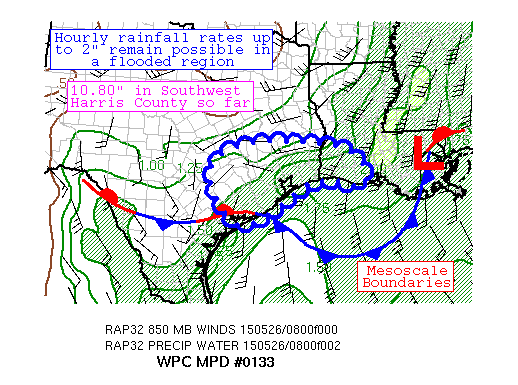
AREAS AFFECTED...SOUTHEAST TX & SOUTHWEST LA

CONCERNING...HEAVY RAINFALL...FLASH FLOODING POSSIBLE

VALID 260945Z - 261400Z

SUMMARY...THUNDERSTORMS ARE REGENERATING BETWEEN SAN ANTONIO AND
BEAUMONT TX.  DESPITE HOW MUCH RAIN HAS ALREADY FALLEN, ADDITIONAL
FLASH FLOODING REMAINS POSSIBLE.

DISCUSSION...THE RAP GUIDANCE, AMONGST OTHER MESOSCALE MODELS, HAS
BEEN MISHANDLING THE LOW-LEVEL INFLOW WHICH THE VAD WIND PROFILES
HAVE BEEN INDICATING EARLY THIS MORNING.  LOW-LEVEL INFLOW IS
OVERRUNNING A STATIONARY OUTFLOW BOUNDARY NESTLED INTO
SOUTH-CENTRAL TX, WITH CONVECTION FOCUSING UP TO 100 MILES TO ITS
NORTH.  INFLOW AT 850 HPA REMAINS 25-40 KTS INTO THE REGION, NEAR
THE MAGNITUDE OF THE 850-400 HPA WIND, WHICH IS IMPORTING CAPE
VALUES OF UP TO 5000 J/KG FROM SOUTH OF THE OUTFLOW BOUNDARY AS
SEEN ON RECENT SPC MESOANALYSES.  PRECIPITABLE WATER VALUES REMAIN
1.8-1.9" PER GPS DATA.  RAINFALL TOTALS OVER SOUTHWEST HARRIS
COUNTY TX ARE UP TO 10.80", OVER HALF OF WHICH HAS OCCURRED IN THE
PAST SIX HOURS.

ONLY THE 00Z ARW AND 06Z NAM CONEST SHOW A SIGNAL FOR LOCAL
AMOUNTS OF 2-4" BEING POSSIBLE INTO THE MORNING HOURS.  AS POOR AS
THE RAP 850 HPA FORECAST WIND PATTERNS HAVE BEEN, THEY INDICATE
INFLOW RETURNING TO THE REGION BETWEEN 10-14Z, WHICH SHOULD
MAINTAIN SOME LEVEL OF CONVECTIVE ORGANIZATION.  ORGANIZED
CONVECTION SHOULD MOVE EAST AT 15-20 KTS PER FORWARD PROPAGATING
CORFIDI VECTORS.  CONSIDERING THE AVAILABLE MOISTURE, HOURLY
RAINFALL RATES UP TO 2" REMAIN POSSIBLE.  CONSIDERABLE FORECAST
UNCERTAINTY KEPT THE CATEGORY OF THIS MPD AS POSSIBLE.